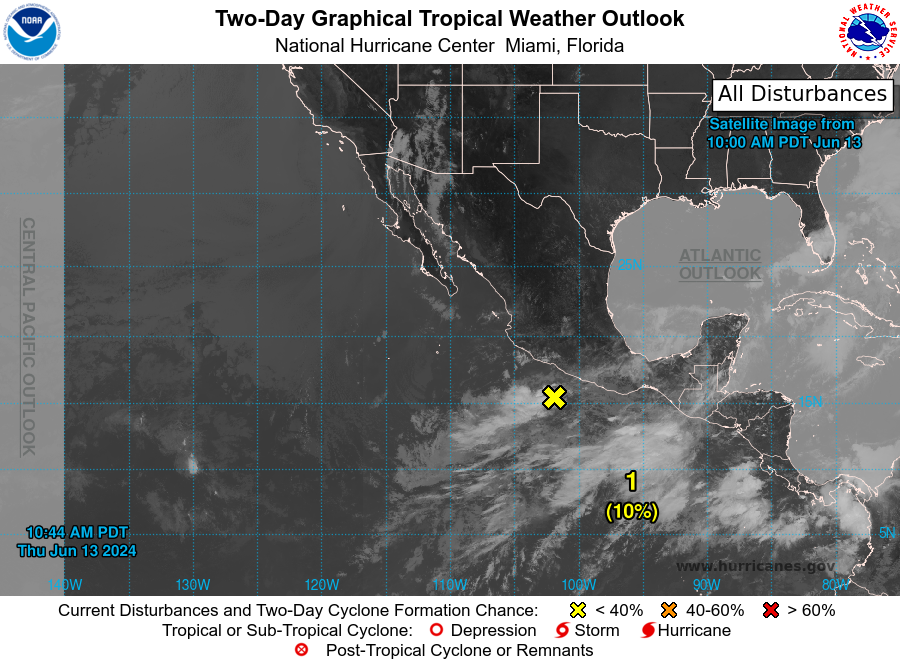
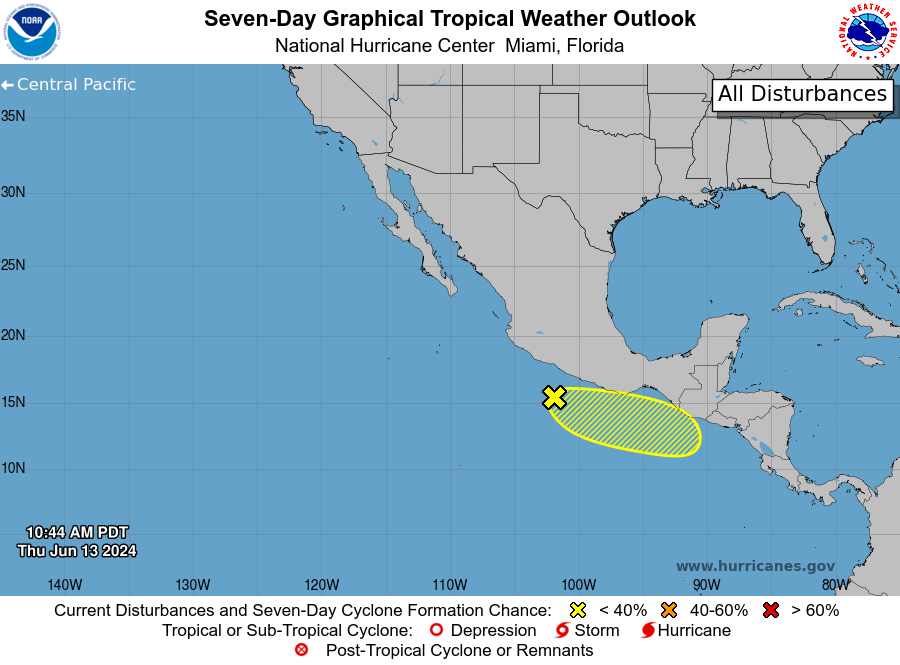
For the eastern North Pacific...east of 140 degrees west longitude:

1. Offshore of Southern Mexico and Central America: Satellite imagery indicates that a broad area of low pressure has formed a few hundred miles southwest of Acapulco, Mexico. Some additional slow development is possible this weekend and early next week while the system moves slowly east-southeastwards.
* Formation chance through 48 hours...low...10 percent.
* Formation chance through 7 days...low...20 percent.

Forecaster Beven